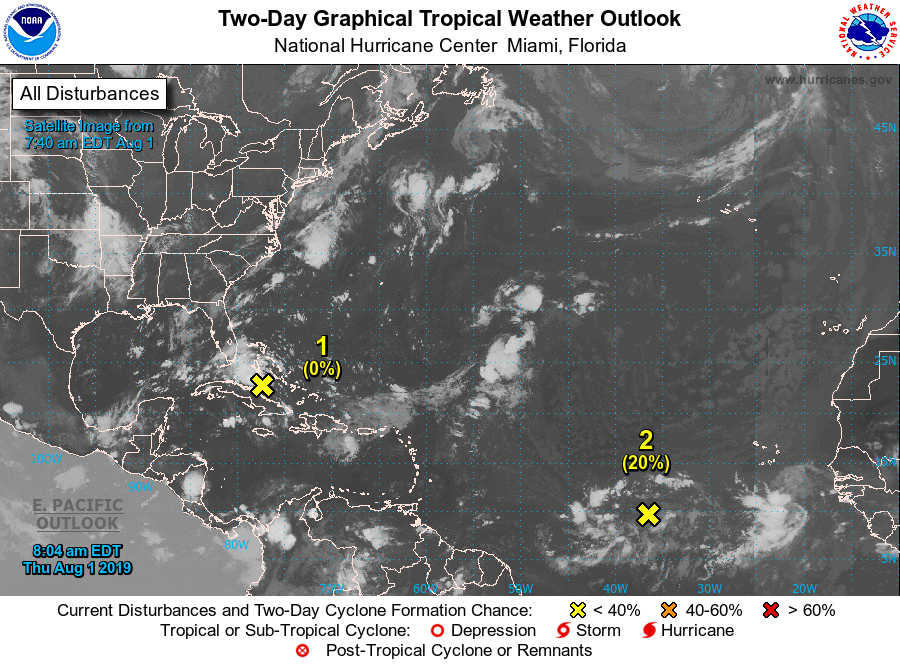
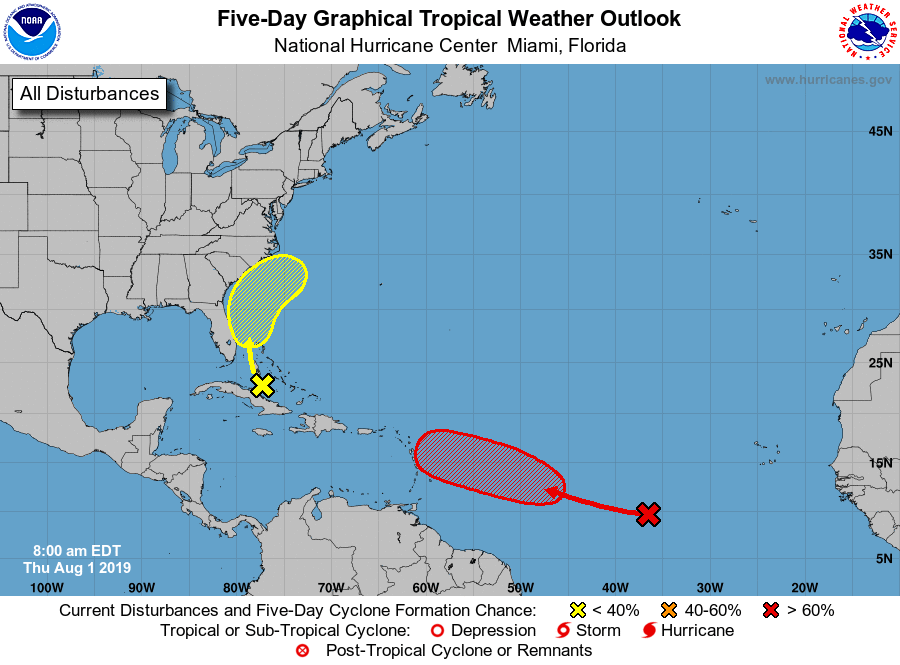
For the North Atlantic...Caribbean Sea and the Gulf of Mexico:

1. An area of disturbed weather located near the northwestern Bahamas is forecast to move northward, producing locally heavy rainfall over portions of Cuba, the Bahamas, and Florida during the next day or two. Conditions could briefly become marginally conducive for development over the weekend before the system merges with a front and accelerates northeastward off the southeastern U.S. coast on Sunday.
* Formation chance through 48 hours...low...near 0 percent.
* Formation chance through 5 days...low...10 percent.

2. A broad low pressure system located about 1000 miles west-southwest of the Cabo Verde Islands continues to produce a large area of disorganized showers and thunderstorms. Only gradual development of this system is expected for the next day or so while it moves west-northwestward at 10 to 15 mph. Environmental conditions could become more supportive by Saturday and a tropical depression is likely to form over the weekend, several hundred miles east of the Lesser Antilles.
* Formation chance through 48 hours...low...20 percent.
* Formation chance through 5 days...high...70 percent.

Forecaster Zelinsky/McElroy